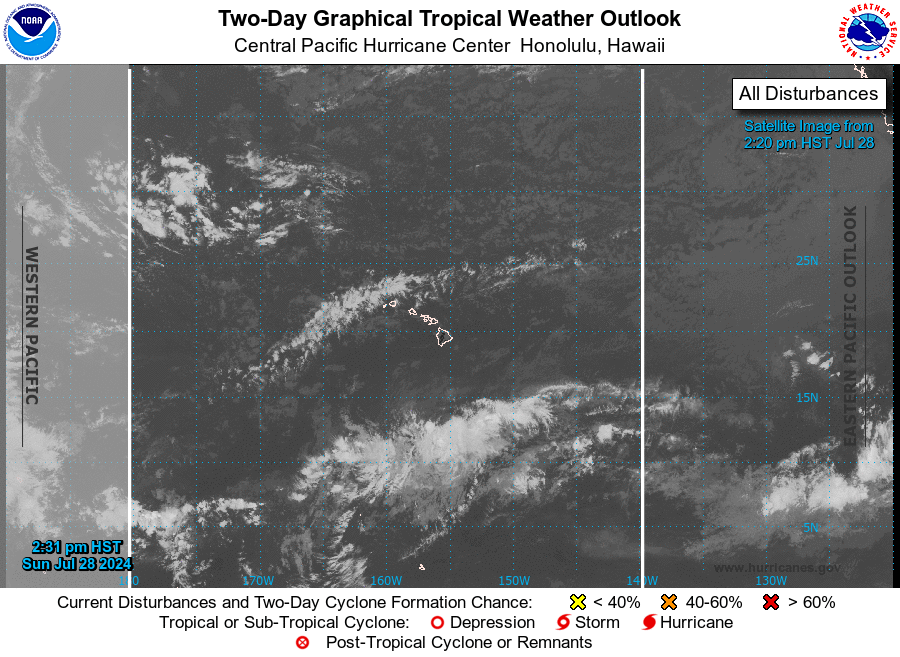
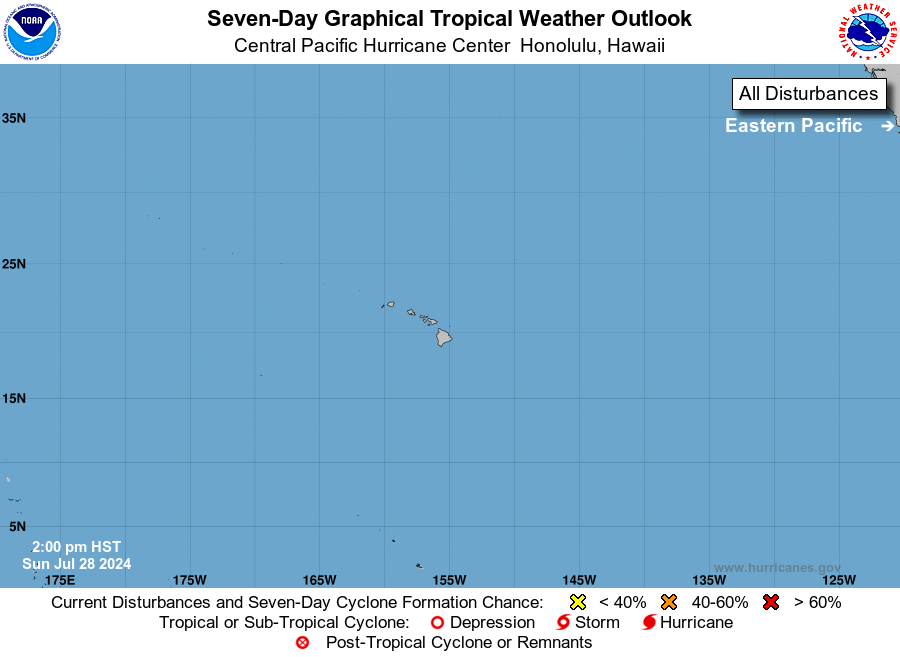
For the central North Pacific...between 140W and 180W:

Tropical cyclone formation is not expected during the next 7 days.

Forecaster JVC